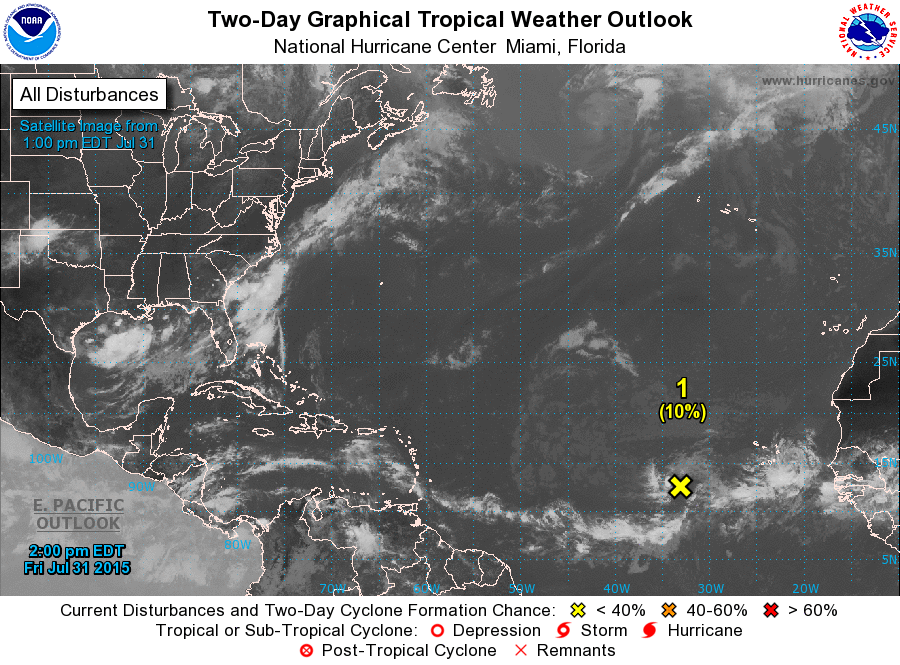
For the North Atlantic...Caribbean Sea and the Gulf of Mexico:

1. A weak and elongated area of low pressure located a few hundred miles west-southwest of the Cape Verde Islands continues to produce disorganized showers and thunderstorms. Environmental conditions have become less favorable, and development of this system, if any, should be slow to occur while it moves westward at about 10 mph.
* Formation chance through 48 hours...low...10 percent
* Formation chance through 5 days...low...10 percent

Forecaster Berg